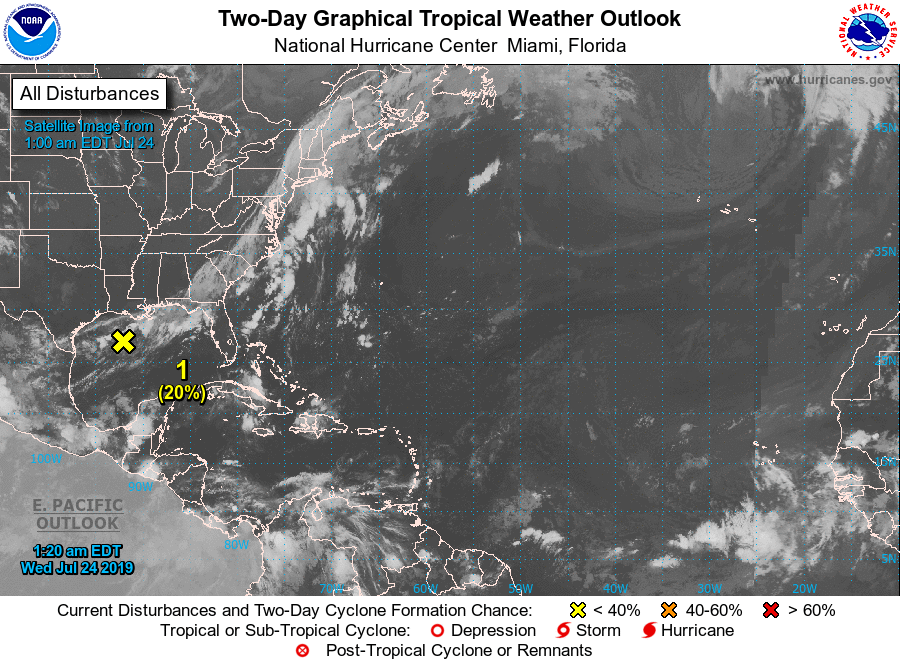
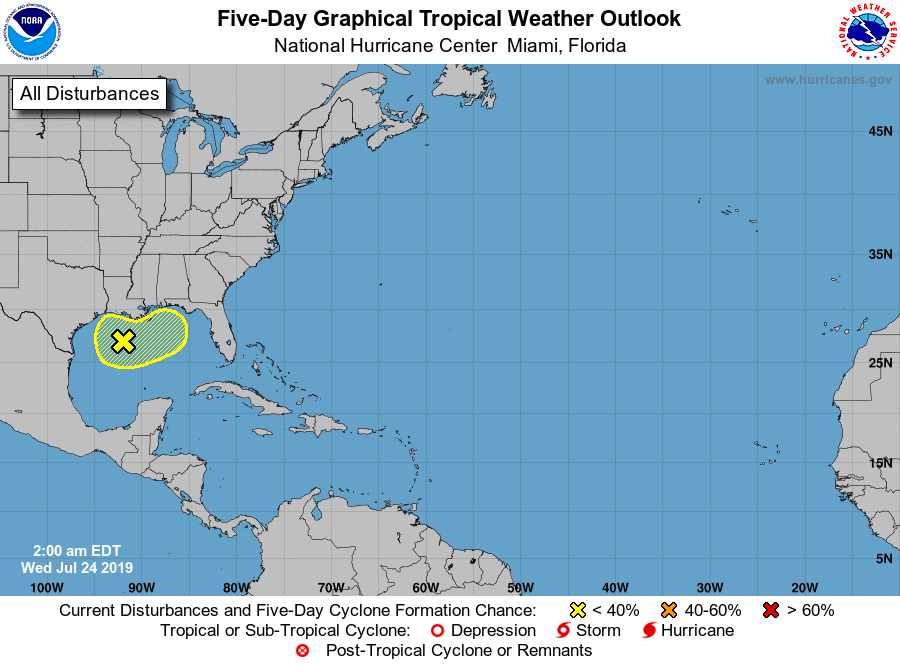
For the North Atlantic...Caribbean Sea and the Gulf of Mexico:

1. Disorganized cloudiness and showers located over the northwestern Gulf of Mexico are associated with a frontal boundary. A non-tropical low is expected to form along this boundary tonight or Thursday, and environmental conditions could support some subtropical or tropical development late this week while the disturbance meanders near the northwestern Gulf Coast.
* Formation chance through 48 hours...low...20 percent.
* Formation chance through 5 days...low...20 percent.

Forecaster Stewart